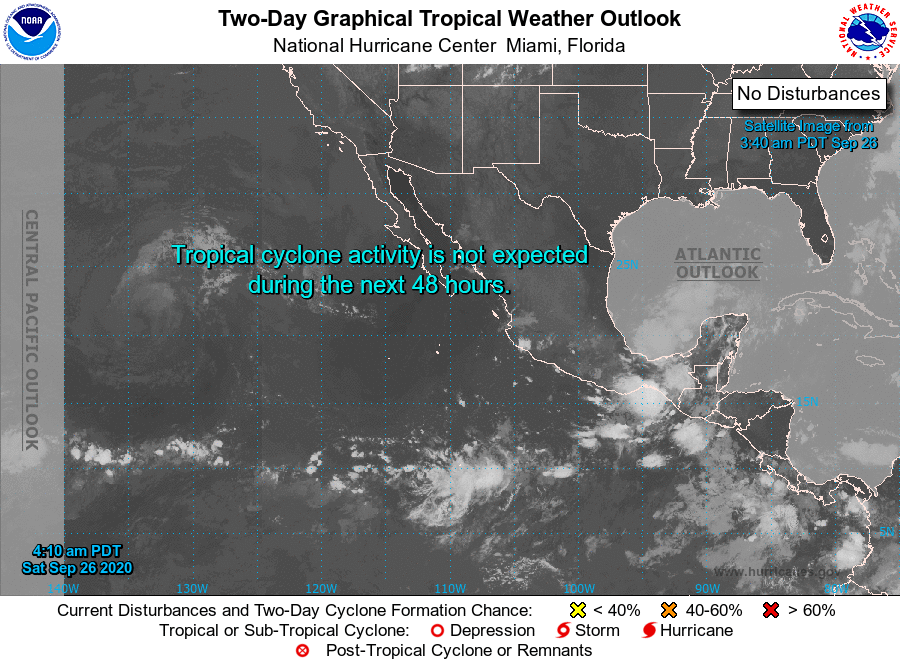
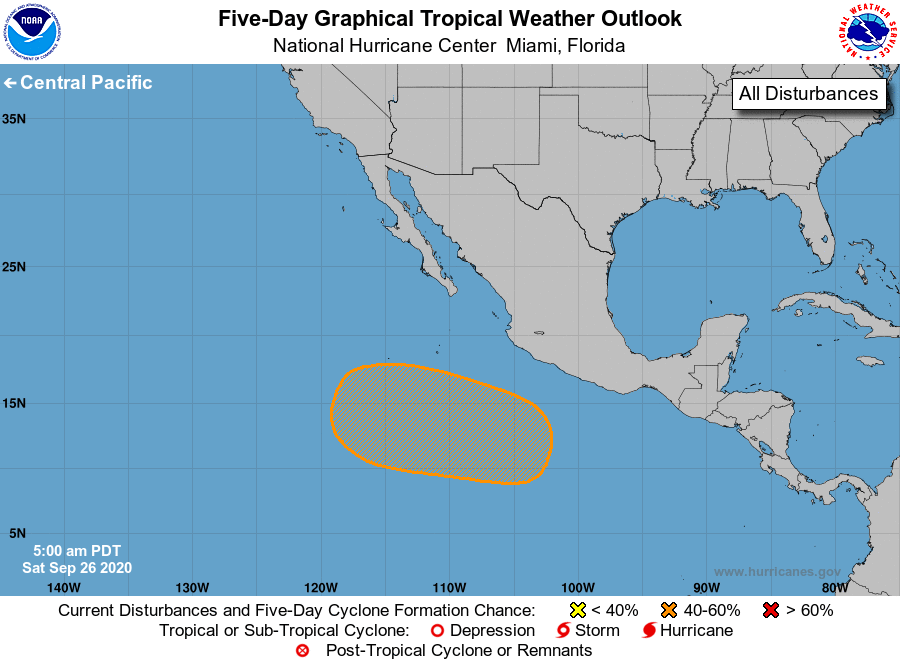
For the eastern North Pacific...east of 140 degrees west longitude:

1. An area of low pressure is expected to form well south or southwest of the southwestern coast of Mexico in a few days. Some gradual development will be possible thereafter and a tropical depression could form by late next week while the system moves generally west-northwestward farther from land.
* Formation chance through 48 hours...low...near 0 percent.
* Formation chance through 5 days...medium...50 percent.

Forecaster Zelinsky